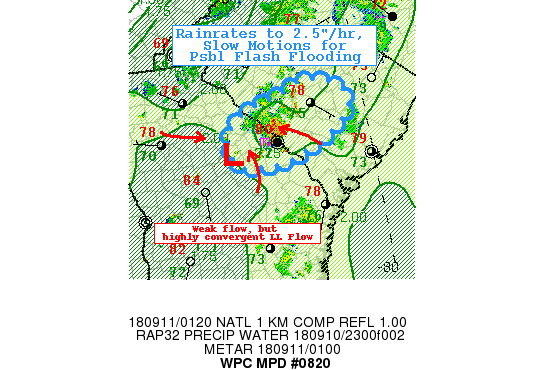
Areas affected...South Central SC...East Central GA...

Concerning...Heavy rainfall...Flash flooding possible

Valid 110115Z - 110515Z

SUMMARY...Nearly stationary, slight backbuilding/repeat highly
efficient cells may produce isolated flash flooding.

DISCUSSION...Surface analysis and 850mb VWP/RAOB suite, suggest a
weak surface to boundary layer wave in east central GA just NE of
MLJ.  While winds are weak, the inflection has allowed for
increased moisture and mass piling to sprout convection.  The
piling supports increase of local moisture with sfc Tds in the mid
to upper 70s near AGS to CAE, and total PWATs in the 2.25" range
(and mid-levels at around 90% RH).  This suggests highly efficient
rainfall processes with rates of 2.5"/hr likely.

The confluence is located in weak mid-level steering flow
supporting near zero cell motions to the northeast countered by
propagation vectors equally weak but opposite supporting
chaotic/stationary cells. So with modest unobstructed/cooled
inflow from the south cells could hang around for 2-3 hours.
While the FFG values are very high, these rates in short duration
may be close enough to support possible flash flooding conditions,
especially given proximity to urban centers along I-20 between
Augusta and Columbia.